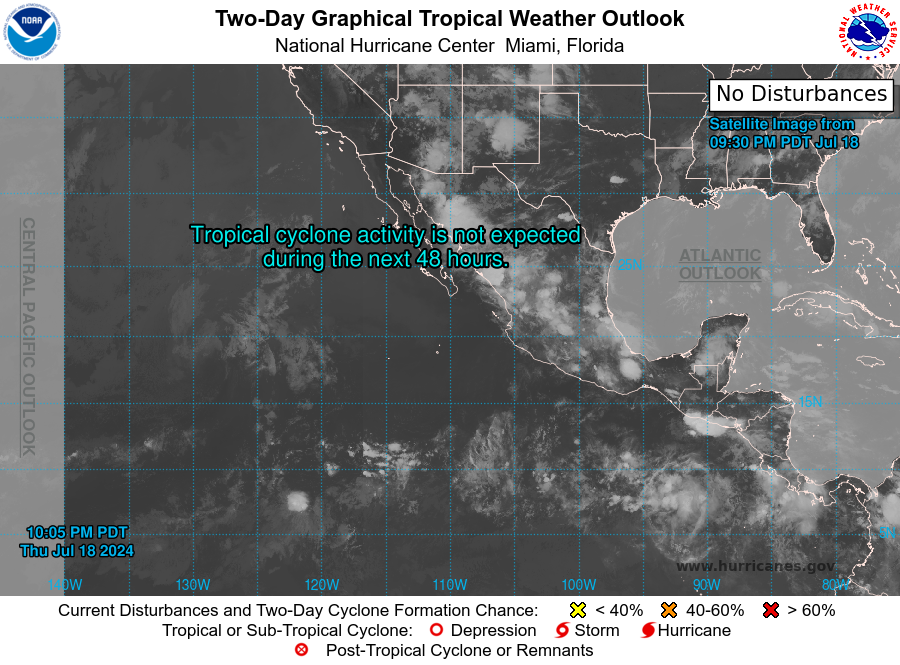
For the eastern North Pacific...east of 140 degrees west longitude:

1. South of Southern Mexico: An area of low pressure could form by early next week a few hundred miles south of the coast of southern Mexico. Thereafter, some slow development of this system is possible through the middle of next week while it moves westward to west-northwestward at 10 to 15 mph.
* Formation chance through 48 hours...low...near 0 percent.
* Formation chance through 7 days...low...20 percent.

Forecaster Papin